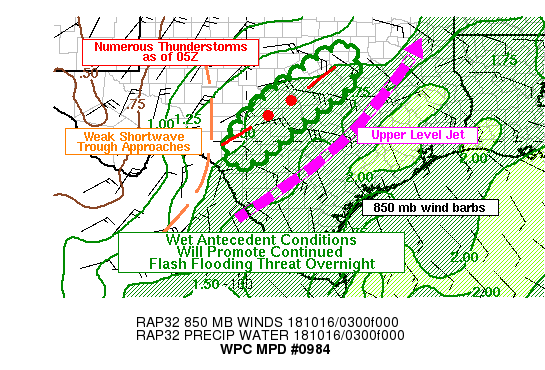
Areas affected...Texas Hill Country

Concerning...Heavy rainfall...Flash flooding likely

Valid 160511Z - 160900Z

Summary...Additional showers and thunderstorms this evening will
continue to produce flash flooding, especially in areas of wet
antecedent conditions.

Discussion...The latest GOES-16 IR satellite imagery showed cold
cloud tops, with some additional cooling of cloud tops across the
Rio Grande Valley and toward the TX Hill Country late this
evening, as stronger right-entrance region jet dynamics arriving
across the region interact with a nose of elevated instability.
The heavier shower activity has been tending to focus within an
axis of MUCAPE values that were between 500 and 1000 j/kg.

Some weak embedded shortwave energy crossing the TX Big Bend
within the deep layer southwest flow ahead of an upper trough
amplifying over the Southwest U.S. should continue to help focus
and enhance rainfall rates a bit further over the next several
hours.

The latest hires model guidance favors some additional rainfall
amounts through the evening hours of as much as 1 to 3 inches with
isolated heavier amounts. Many areas of the TX Hill Country have
already seen plenty of heavy rainfall recently, and soil
conditions are very moist if not saturated. The additional
rainfall through most of the overnight hours will likely result in
some increased runoff and flash flooding.